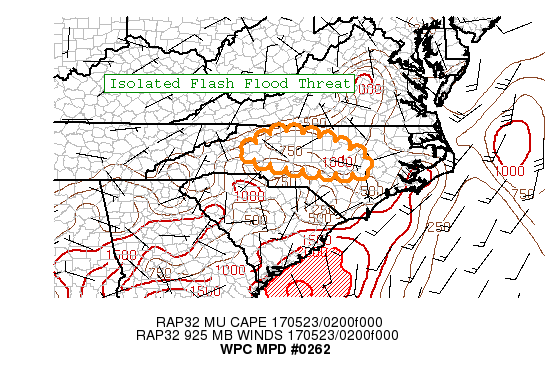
AREAS AFFECTED...CENTRAL NC

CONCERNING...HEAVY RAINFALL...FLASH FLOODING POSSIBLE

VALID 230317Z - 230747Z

SUMMARY...AN UPTICK IN CONVECTION MAY LEAD TO A FEW FLASH FLOOD
CONCERNS OVER CENTRAL NC FOR THE NEXT SEVERAL HOURS...ESPECIALLY
IN URBAN AREAS AND AREAS OF LOWER FLASH FLOOD GUIDANCE.

DISCUSSION...SCATTERED CONVECTION CONTINUES THIS EVENING ACROSS
PORTIONS OF NORTH CENTRAL NORTH CAROLINA. DECOUPLING AFTER SUNSET
HAS PROBABLY RESULTED IN A SLIGHT MOISTENING OF THE LOW
LEVELS...WITH A SMALL INCREASE IN EASTERLY 925MB FLOW ABOVE THE
INVERSION NEAR THE BACKDOOR FRONT. THESE FACTORS MAY ALLOW
CONVECTIVE ACTIVITY TO PERSIST FOR THE NEXT SEVERAL HOURS. FORCING
AND FLOW IS WEAK...SO NOT EXPECTING MUCH ORGANIZATION. SHOULD
STILL SEE SLOW MOVING STORMS PULSING UP AND REFORMING ALONG
OUTFLOWS CONSOLIDATING INTO THE REMAINING MUCAPE MAX OF 1000 J/KG
OVER NORTH CENTRAL NC.

LIKELY THAT STORMS WILL BE PRETTY EFFICIENT RAINFALL
PRODUCERS...WITH PWAT VALUES INCREASING ABOVE 1.5" AND STORMS
GENERALLY LOW TOPPED AND WARM PROCESS DOMINATED. THE LACK OF
ORGANIZATION SHOULD LIMIT RAINFALL TOTALS...HOWEVER THE EFFICIENT
ENVIRONMENT STILL SUPPORTS SOME 1-2" IN AN HOUR AMOUNTS AND
ISOLATED 2-4" TOTALS...WHICH MAY BEGIN TO EXCEED SOME OF THE LOWER
FLASH FLOOD GUIDANCE OVER PORTIONS OF CENTRAL NC. FOR THIS REASON
A FEW FLASH FLOOD ISSUES ARE POSSIBLE OVER THE NEXT SEVERAL
HOURS...WITH ACTIVITY EVENTUALLY DIMINISHING AS CAPE GETS ERODED
WITH TIME. THE EVOLUTION DEPICTED BY THE 00Z EXPERIMENTAL HRRR IS
THE CLOSEST FIT TO OUR EXPECTATIONS AT THIS TIME.